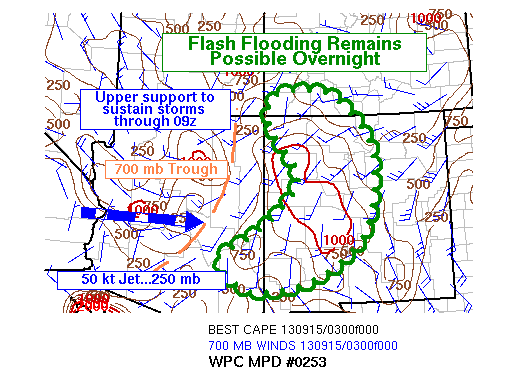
AREAS AFFECTED...FAR SE AZ...FAR SW CO...SW AND CNTRL NM

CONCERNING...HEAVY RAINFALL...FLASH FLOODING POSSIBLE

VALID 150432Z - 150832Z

SUMMARY...UPPER SUPPORT REMAINS EFFICIENT ENOUGH TO SUSTAIN
CLUSTERS OF THUNDERSTORMS OVERNIGHT. SLOW MOVEMENT MAY RESULT IN
1-2 INCH RAINFALL IN SPOTS AND LOCAL FLASH FLOODING.

DISCUSSION...THUNDERSTORMS HAD SURVIVED ALREADY A FEW HOURS INTO
THE NIGHT. RAOBS INDICATED THE SURFACE WOULD DECOUPLE RATHER
EASILY...BUT GIVEN THE PERSISTENCE OF CONVECTION IN SW NM AND SW
CO...AND NEW DEVELOPMENT NEAR ABQ AND ALSO OFF THE HIGHER
ELEVATIONS OF SE AZ AT 04Z...IT APPEARS THAT MID LEVEL
MOISTURE...MODERATELY STEEP LAPSE RATES...AND SUBTLE UPPER FORCING
COULD SUSTAIN THUNDERSTORMS ANOTHER FEW HOURS.

WEAK WARM ADVECTION WAS OBSERVED IN THE 700-600 MB
LAYER...COINCIDENT WITH SOME OF THE MORE UNSTABLE PARCELS IN THE
OBSERVED AND FORECAST SOUNDINGS...RAP AND NAM. THE SREF MEAN
PREDICTS MAINTENANCE OF MUCAPE AT LEAST 500-750 J/KG THROUGH 09Z
ACROSS THIS REGION...AS THE LOWER/MID LEVEL WARM ADVECTION AND
WEAKLY DIFFLUENT UPPER LEVEL FLOW IS SUSTAINED AHEAD OF A 45-50 KT
JET STREAK AT 250 MB.

SUSPECT DUAL POL ESTIMATES ARE UNDERESTIMATING IN THE CONVECTIVE
LINE APPROACHING SOCCORRO NM...GIVEN THE DISTANCE FROM RADAR...AND
PLACEMENT OF ALL THE BASE ELEVATION ECHOES AT RANGE BEYOND THE
MELTING LAYER. LEGACY ESTIMATES SUGGEST RATES CLOSER TO 1.5-2 INCH
PER HOUR IN ISOLATED SPOTS. WOULD NOT EXPECT ANYTHING MUCH HEAVIER
THAN THIS WITH PW VALUES HAVING FALLEN BELOW 1 INCH OVER THIS
REGION...BUT WITH FLASH FLOOD GUIDANCE VALUES VERY
LOW...ESPECIALLY IN NM...FLASH FLOODING IS CERTAINLY A
POSSIBILITY. ACTIVITY MAY PERSIST EVEN BEYOND 09Z...ESPECIALLY
TOWARD SOUTHWEST CO WHERE UPPER LIFT BECOMES CONCENTRATED.
INTENSITY IS LIKELY TO DECREASE DIURNALLY...BUT SOME AREAS COULD
SEE MULTIPLE ROUNDS OF MODERATE RAIN ADDING UP OVER TIME.